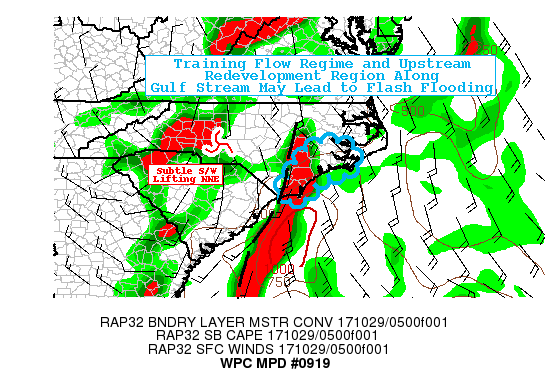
AREAS AFFECTED...SOUTHEAST NORTH CAROLINA

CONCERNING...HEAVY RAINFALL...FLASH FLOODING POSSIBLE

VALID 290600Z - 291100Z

SUMMARY...TRAINING THUNDERSTORMS WITH CONTINUAL UPSTREAM
REDEVELOPMENT LIKELY POSE 2-4" TOTALS AND ISOLATED FLASH FLOODING
RISK

DISCUSSION...A SUBTLE SHORTWAVE LOCATED OVER THE CENTRAL CAROLINAS
IS LIFTING NNE BUT ALONG WITH SLIGHT DIFFLUENCE IN 3H JET
COINCIDENT WITH SURFACE CONFLUENCE ACROSS SE NC HAS GENERATED AN
ENVIRONMENT TO ENHANCE SHALLOW CONVECTION ALONG THE GULF STREAM
THIS MORNING.  CURRENTLY SFC SELY FLOW OF 20-25KT  IS CONVERGING
WITH SOUTHWESTERLY FLOW OFF SC WITH AMPLE MOISTURE FLUX ON THE
SELY FLOW...TPWS HAVE RISEN TO 1.5" TOWARD THE WILMINGTON, NC
METRO.  MODEST INSTABILITY DUE TO THE WARM GULF STREAM EXISTS HERE
AS WELL WITH MLCAPE TO 750 J/KG AND SBCAPES TO 1250 J/KG TO
PROVIDE LOW LEVEL UVV VIGOR BEFORE REACHING BETTER UPPER LEVEL
SUPPORT.  THIS ELEMENTS ARE SUPPORTIVE OF WARM CLOUD PROCESS RAIN
PRODUCTION WITH RATES OF 1.5"/HR WITH OCCASIONAL STRONGER CORES
CAPABLE OF 2"/HR RATES.

RAP FORECASTS SUGGEST FORCING BOTH IN THE LOW LEVELS AND MID-LEVEL
SHOULD BE FAIRLY CONSISTENT EVEN AS THE WAVE LIFTS AWAY AND LOW
LEVEL INFLOW (850MB) FLOW SLACKS. PERSISTENT FAIRLY UNIDIRECTIONAL
CLOUD BEARING FLOW WILL SUPPORT A TRAINING CORRIDOR WITH SLIGHT
EASTWARD DRIFT WITH A FAIRLY ANCHORED REDEVELOPMENT
SOURCE...LEADING TO GREATEST POTENTIAL FOR TRAINING ACROSS E
BRUNSWICK/NEW HANOVER AND PENDER COUNTIES.  AS SUCH 1-3" TOTALS
FURTHER NORTH MAY POSE FLOODING ISSUES ACROSS S MHX CWA WHERE
DURATION OF TRAINING IS LESS AND 2-4" TOTALS WITH POSSIBLE 5"
TOTAL LOCALLY.  LIMITING FACTOR LIKELY TO BE RECENT DRY CONDITIONS
AND HIGHER FFG VALUES STILL THIS MAY STILL POSE A FLOODING CONCERN
THROUGH 10Z THIS MORNING.  THIS SCENARIO IS BEST SUPPORTED BY
RECENT HRRR AND ESRL HRRRV3 TRENDS AS WELL AS THE 00Z ARW/NSSL-WRF
RUNS PROVIDING SOME MODEST CONFIDENCE.